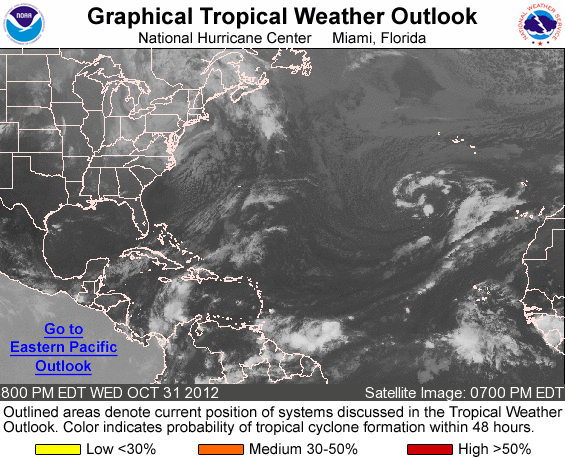
FOR THE NORTH ATLANTIC...CARIBBEAN SEA AND THE GULF OF MEXICO...

TROPICAL CYCLONE FORMATION IS NOT EXPECTED DURING THE NEXT 48 HOURS.

FORECASTER BRENNAN